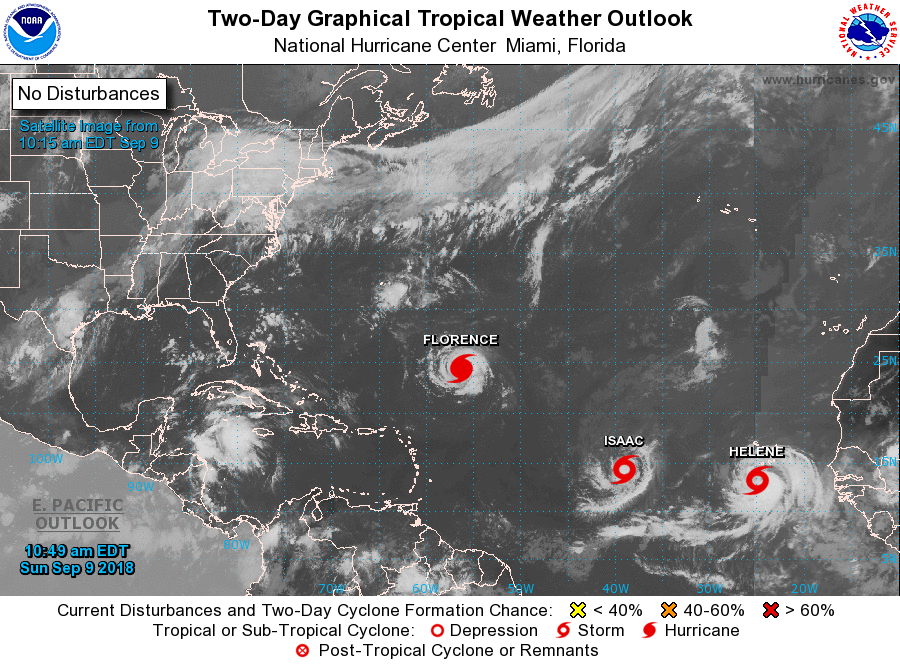
For the North Atlantic...Caribbean Sea and the Gulf of Mexico:

The National Hurricane Center is issuing advisories on Tropical Storm Florence, located over the west-central Atlantic Ocean, on Tropical Storm Helene, located just south of the Cabo Verde Islands, and on Tropical Storm Isaac, located over the eastern Atlantic.

1. A non-tropical area of low pressure is forecast to form in the northeastern Atlantic Ocean several hundred miles west-southwest of the Azores in a few days. Some slow tropical or subtropical development is possible by the middle of the week while the low meanders.
* Formation chance through 48 hours...low...near 0 percent.
* Formation chance through 5 days...low...30 percent.

Forecaster Blake